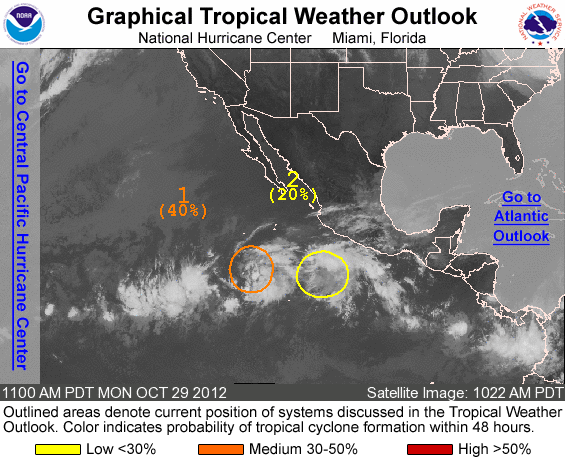
FOR THE EASTERN NORTH PACIFIC...EAST OF 140 DEGREES WEST LONGITUDE..

1. SHOWERS AND THUNDERSTORMS ASSOCIATED WITH AN AREA OF LOW PRESSURE LOCATED ABOUT 750 MILES SOUTHWEST OF MANZANILLO MEXICO HAVE CHANGED LITTLE IN ORGANIZATION THIS MORNING. UPPER-LEVEL WINDS ARE BECOMING UNFAVORABLE FOR DEVELOPMENT...AND THIS SYSTEM HAS A MEDIUM CHANCE...40 PERCENT...OF BECOMING A TROPICAL CYCLONE DURING THE NEXT 48 HOURS AS IT MOVES WEST-NORTHWESTWARD AT AROUND 10 MPH.

2. DISORGANIZED SHOWERS AND THUNDERSTORMS CONTINUE IN ASSOCIATION WITH A WEAK AREA OF LOW PRESSURE LOCATED ABOUT 400 MILES SOUTH OF MANZANILLO MEXICO. UPPER-LEVEL WINDS ARE ONLY MARGINALLY CONDUCIVE FOR DEVELOPMENT BUT ARE EXPECTED TO BECOME LESS FAVORABLE WITHIN A DAY OR SO. THIS SYSTEM HAS A LOW CHANCE...20 PERCENT...OF BECOMING A TROPICAL CYCLONE DURING THE NEXT 48 HOURS AS IT MOVES SLOWLY WEST-NORTHWESTWARD.

ELSEWHERE...TROPICAL CYCLONE FORMATION IS NOT EXPECTED DURING THE NEXT 48 HOURS.

FORECASTER KIMBERLAIN